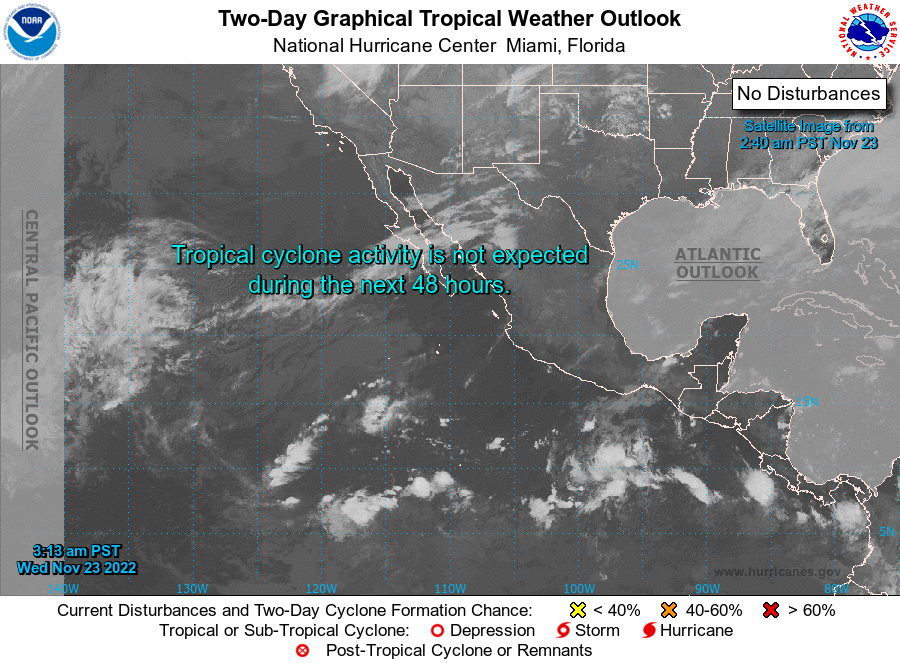
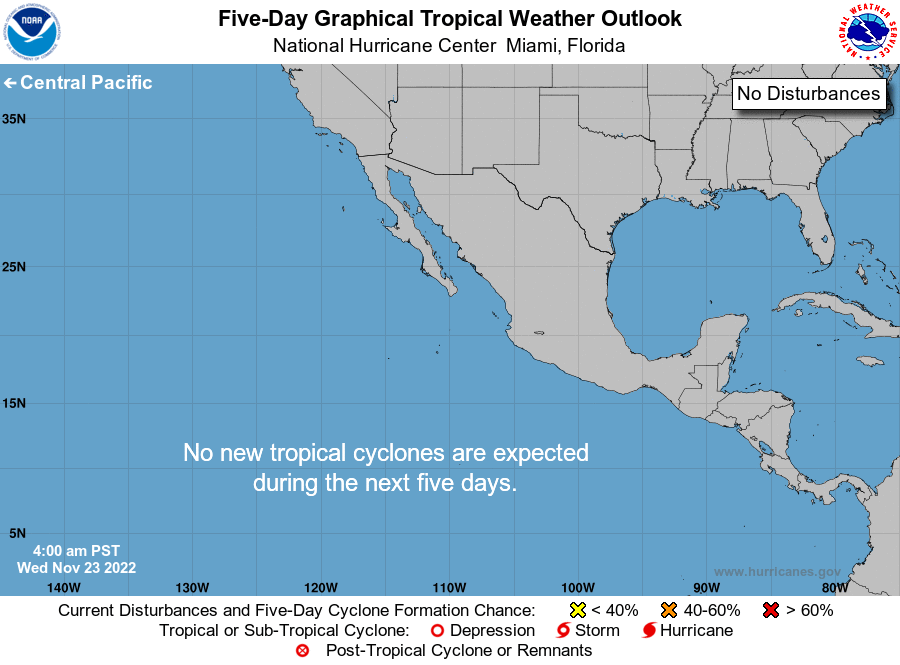
For the eastern North Pacific...east of 140 degrees west longitude:

Tropical cyclone formation is not expected during the next 5 days.

Forecaster Brown